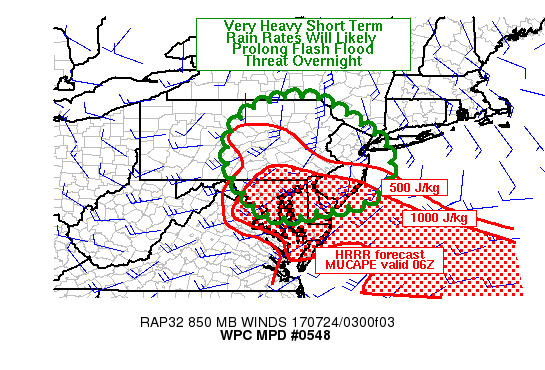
AREAS AFFECTED...CNTRL/ERN PA INTO NJ AND THE NRN DELMARVA
PENINSULA

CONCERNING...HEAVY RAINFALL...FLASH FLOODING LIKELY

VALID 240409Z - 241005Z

SUMMARY...INTENSE RAINFALL RATES OF 2-3 IN/HR WILL BE POSSIBLE AS
CONVECTIVE COVERAGE INCREASES ACROSS PORTIONS OF THE NRN
MID-ATLANTIC REGION. 4-6 INCH TOTALS WILL BE EXPECTED WHERE
TRAINING MAXIMIZES THROUGH 10Z.

DISCUSSION...TRENDS IN REGIONAL RADAR OVER THE NRN MID-ATLANTIC
REGION SHOWED SCATTERED THUNDERSTORMS WITH REPORTED VERY
IMPRESSIVE RAINFALL RATES OF 2-3 IN/HR...AND 1 INCH IN AS LITTLE
AS 15 MINUTES IN NRN DE. GOES INFRARED CLOUD TOPS ARE RELATIVELY
WARM WITH MINIMAL LIGHTNING NOTED IN A FEW OF THE RAIN CORES OVER
THE REGION WHICH IS INDICATIVE OF WARM RAIN PROCESSES. GPS SITES
SHOWED A PLUME OF 2+ INCH PRECIPITABLE WATER VALUES EXTENDING FROM
ERN MD INTO ERN PA AND NJ AS OF 03Z. FLOW ALOFT WAS SWLY WITH
SMALL SCALE EMBEDDED VORTICITY MAXIMA HELPING TO CONTRIBUTE TO
CLUSTERS OF SHOWER/THUNDERSTORM ACTIVITY REGION-WIDE.

AS A NEUTRALLY ORIENTED MID-UPPER LEVEL TROUGH AXIS
APPROACHES...CURRENTLY LOCATED OVER THE OHIO VALLEY...RAP
FORECASTS INDICATE THE TROUGH BECOMING SLIGHTLY NEGATIVELY TILTED
THROUGH 10Z WITH MID-UPPER LEVEL FLOW BACKING OVER THE NRN
MID-ATLANTIC. AS THIS OCCURS...850 MB FLOW IS FORECAST TO INCREASE
INTO THE 20-30 KT RANGE IN THE VICINITY OF A SHARPENING TROUGH
AXIS...FORECAST TO EXTEND ESE ACROSS PA AND CNTRL NJ BY 06Z.
RELATIVELY WEAK STORM MOTIONS TOWARD THE NORTHEAST AND INCREASING
LOW LEVEL FLOW WILL ALLOW FOR TRAINING OF STORMS AND ADVECTION OF
HIGHER INSTABILITY FROM THE SOUTH.

RECENT ESRL HRRR FORECASTS SEEM TO BE HANDLING ONGOING CONVECTIVE
ACTIVITY THE BEST THOUGH IT IS FAR FROM PERFECT. HOWEVER...IT
CONSISTENTLY HAS BEEN ADVERTISING 4-6 INCH RAINFALL TOTALS OVER
PORTIONS OF NJ THROUGH 10Z...SOME OF WHICH MAY EXTEND BACK INTO
NERN MD AND ERN PA BASED ON CURRENT TRENDS IN RADAR. GIVEN HEAVY
RAINFALL WHICH HAS ALREADY IMPACTED THIS REGION EARLIER
TODAY...FLASH FLOODING APPEARS LIKELY.